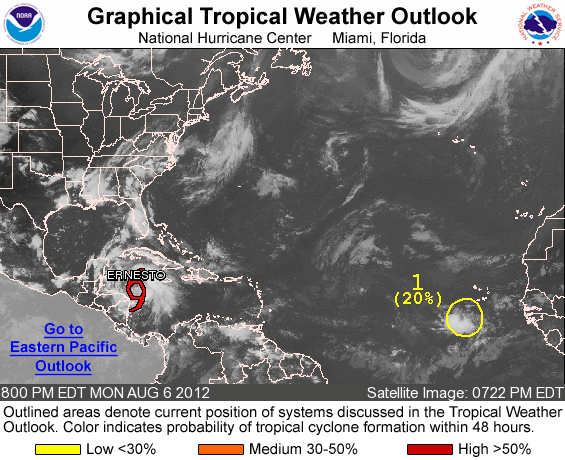
FOR THE NORTH ATLANTIC...CARIBBEAN SEA AND THE GULF OF MEXICO...

THE NATIONAL HURRICANE CENTER IS ISSUING ADVISORIES ON TROPICAL STORM ERNESTO...LOCATED ABOUT 295 MILES EAST ISLA ROATAN HONDURAS.

1. A TROPICAL WAVE...ACCOMPANIED BY A SURFACE LOW PRESSURE SYSTEM... IS LOCATED ABOUT 275 MILES SOUTHWEST OF THE CAPE VERDE ISLANDS. ALTHOUGH THUNDERSTORM ACTIVITY HAS BEEN GRADUALLY INCREASING OVER THE PAST SEVERAL HOURS...UPPER-LEVEL WINDS ARE ONLY MARGINALLY CONDUCIVE FOR ANY SIGNIFICANT DEVELOPMENT TO OCCUR. THIS SYSTEM HAS A LOW CHANCE...20 PERCENT...OF BECOMING A TROPICAL CYCLONE DURING THE NEXT 48 HOURS AS IT MOVES WESTWARD AT ABOUT 15 MPH.

ELSEWHERE...TROPICAL CYCLONE FORMATION IS NOT EXPECTED DURING THE NEXT 48 HOURS.

FORECASTER STEWART